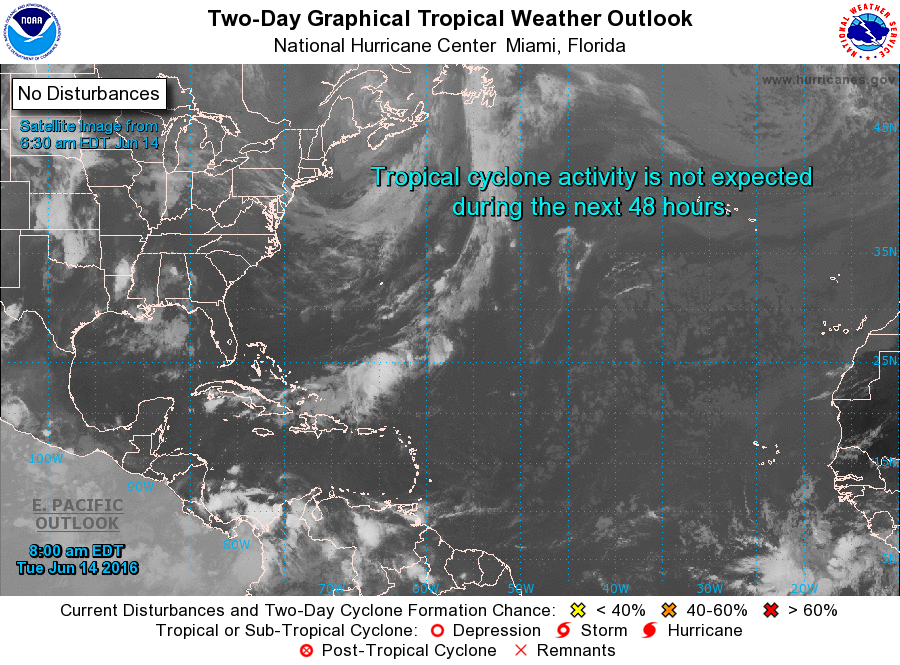
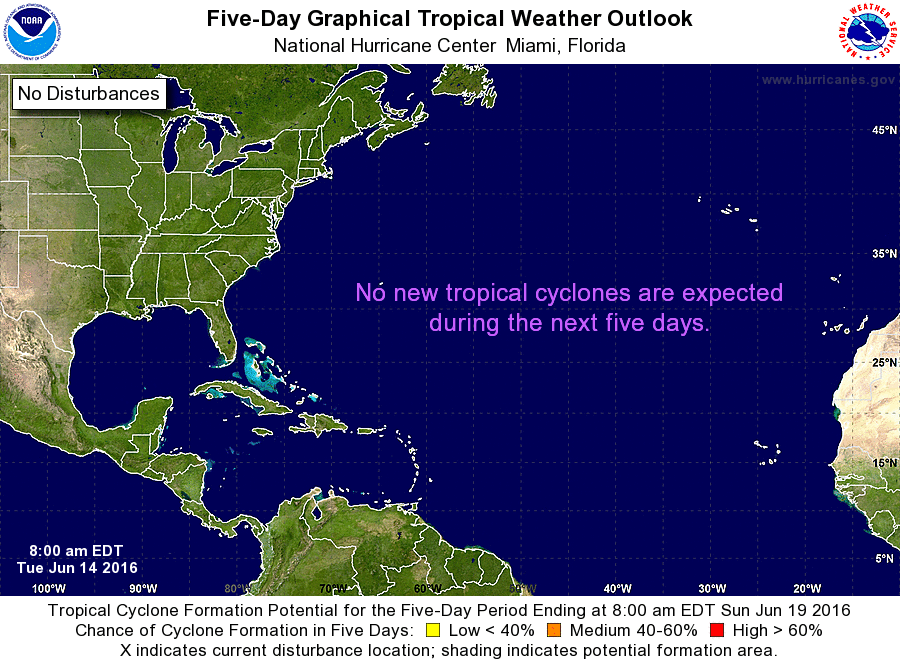
For the North Atlantic...Caribbean Sea and the Gulf of Mexico:

Tropical cyclone formation is not expected during the next 5 days.

Forecaster Avila